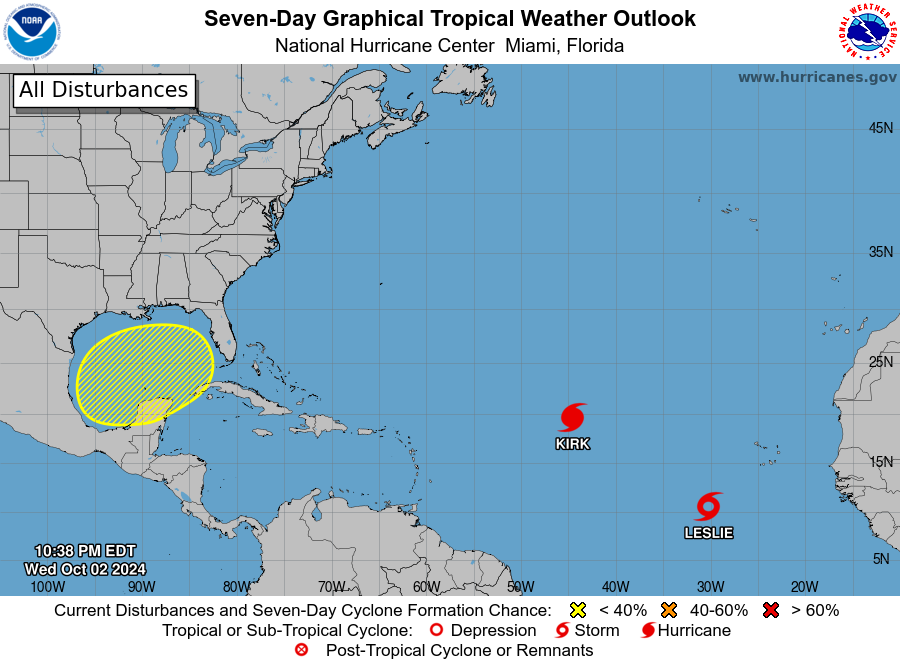
For the North Atlantic...Caribbean Sea and the Gulf of Mexico:

Active Systems: The National Hurricane Center is issuing advisories on Hurricane Kirk, located over the central tropical Atlantic Ocean, and on Tropical Depression Thirteen, located over the eastern tropical Atlantic Ocean.

1. Northwestern Caribbean Sea and Gulf of Mexico: Disorganized showers and thunderstorms over portions of the northwestern Caribbean Sea and the Gulf of Mexico are associated with a trough of low pressure. Environmental conditions could support some gradual development of this system over the Gulf of Mexico this weekend while the system drifts eastward. Regardless of development, locally heavy rains could occur over portions of Mexico during the next few days and over portions of the Florida Peninsula by the weekend.
* Formation chance through 48 hours...low...near 0 percent.
* Formation chance through 7 days...low...30 percent.

Public Advisories on Tropical Depression Thirteen are issued under WMO header WTNT33 KNHC and under AWIPS header MIATCPAT3. Forecast/Advisories on Tropical Depression Thirteen are issued under WMO header WTNT23 KNHC and under AWIPS header MIATCMAT3.

Forecaster Cangialosi